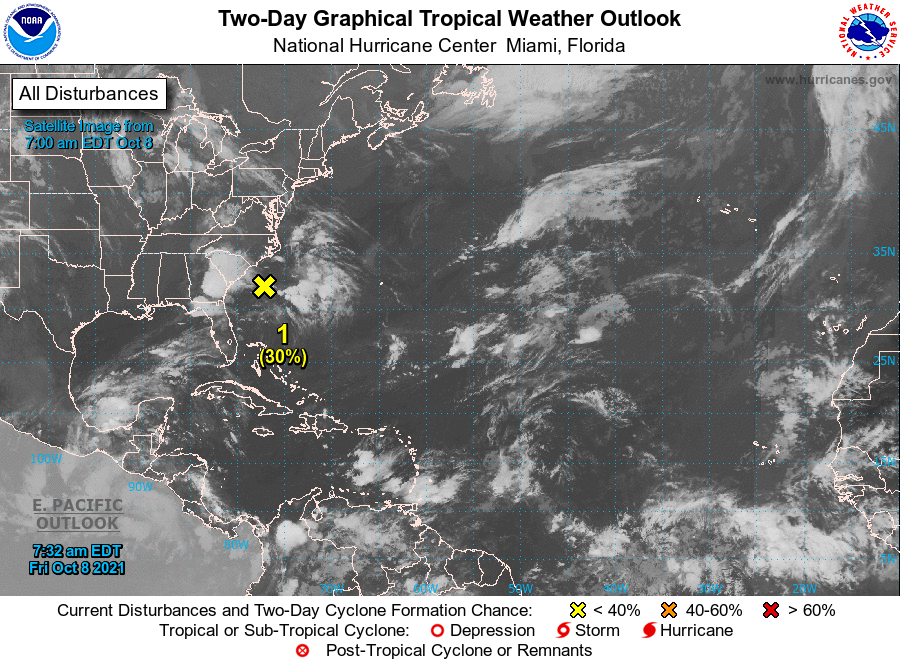
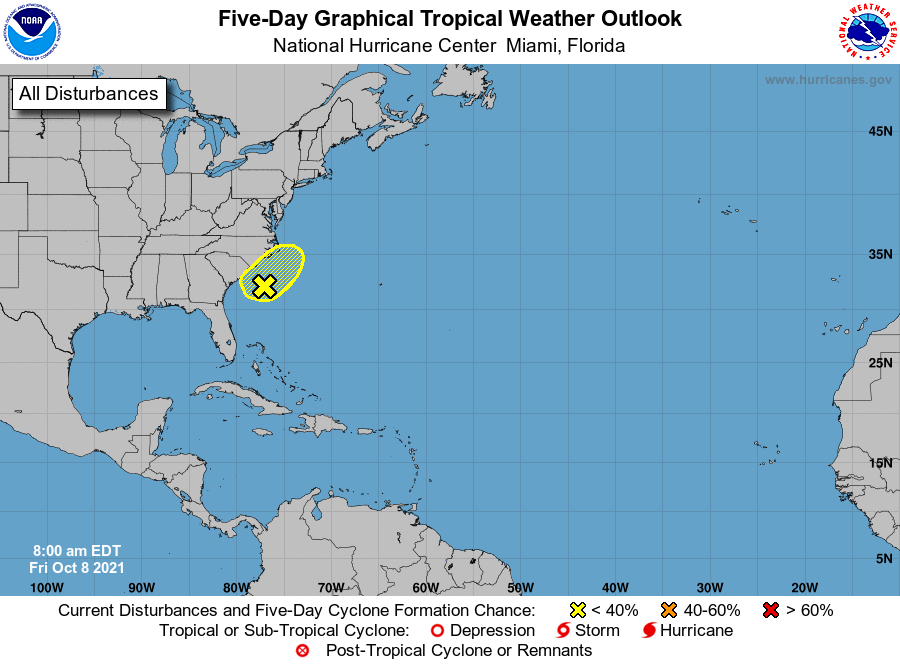
For the North Atlantic...Caribbean Sea and the Gulf of Mexico:

1. An elongated area of low pressure located more than 150 miles off the coast of South Carolina is producing disorganized showers and thunderstorms well to the east of the center of circulation. Strong upper-level winds should prevent any significant tropical or subtropical development during the next day or two. By Sunday, however, environmental conditions could briefly become marginally conducive for some subtropical development of the low. By early next week, the low is expected to interact with a frontal boundary, which should end the opportunity for any subtropical or tropical formation. Regardless of development, the low is forecast to meander just offshore the Carolinas for the next few days, occasionally bringing locally heavy rains and gusty winds to eastern portions of the Carolinas through the weekend.
* Formation chance through 48 hours...low...30 percent.
* Formation chance through 5 days...low...30 percent.

Forecaster Stewart